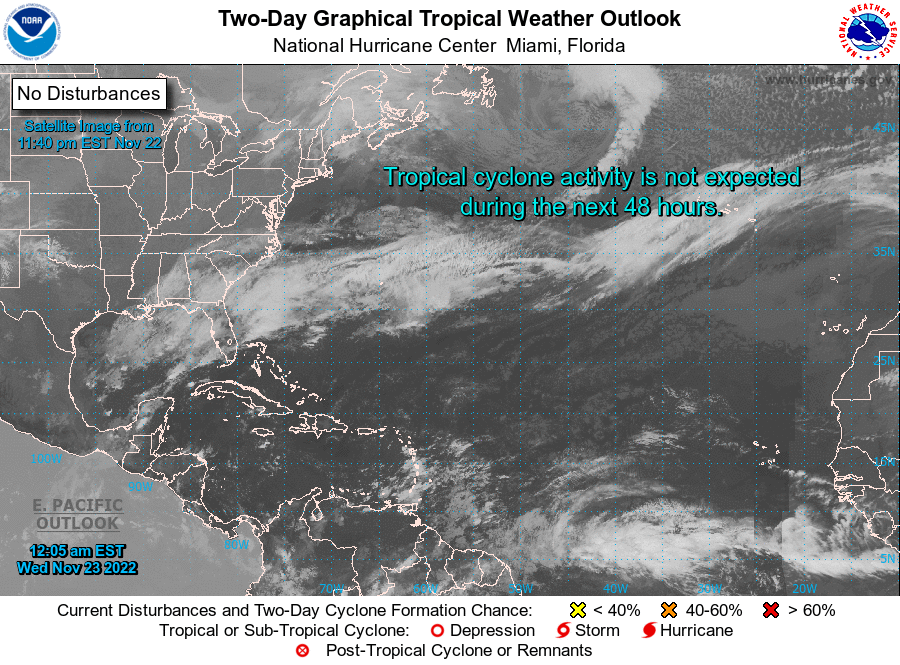
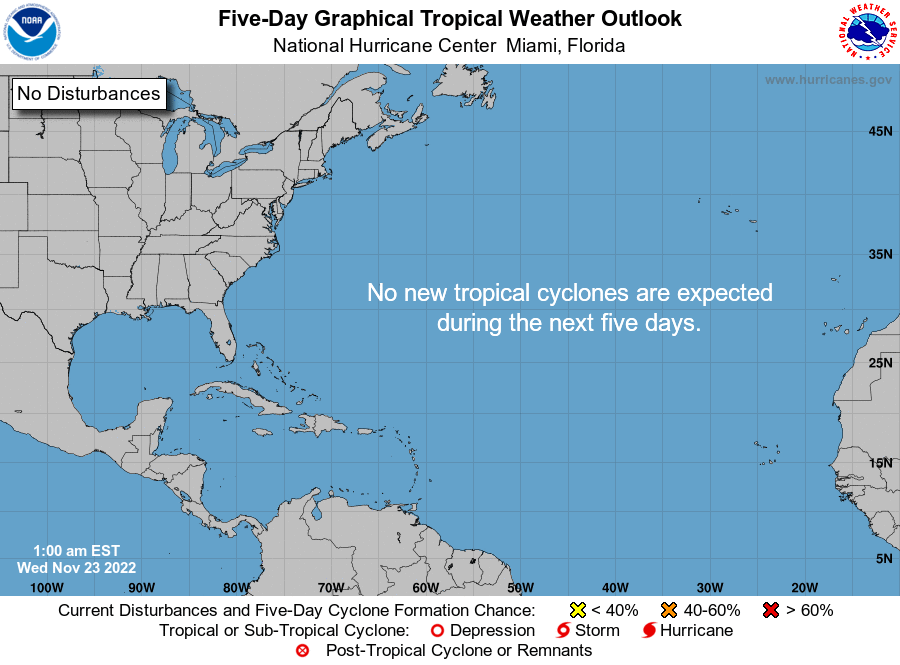
For the North Atlantic...Caribbean Sea and the Gulf of Mexico:

Tropical cyclone formation is not expected during the next 5 days.

Forecaster Reinhart